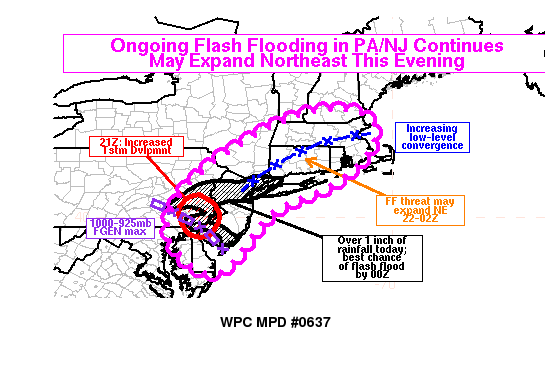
Areas affected...Northeast Corridor

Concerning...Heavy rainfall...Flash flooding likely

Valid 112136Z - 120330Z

Summary...Heavy rainfall was already leading to flash flooding
across parts of far eastern Pennsylvania and New Jersey as of 5 PM
EDT. Additional storms were developing in those areas, and could
worsen ongoing flooding in locations that have already received
heavy rainfall today. Additionally, some heavy rain bands may
develop further northeast into southern New England into the
evening hours, potentially expanding the threat of flash flooding
further north in the region.

Discussion...Numerous Flash Flood Warnings were in effect as of
21Z in far eastern Pennsylvania and into New Jersey, and multiple
flooding reports have been received from these areas through the
afternoon hours. A large portion of the area has received over an
inch of rainfall today, per NSSL QPE. 21Z RAP analysis placed a
corridor of enhanced low-level frontogenesis in a WNW-ESE
orientation from southeast Pennsylvania into southern New Jersey.
This was leading to another uptick in convective activity in the
same area, including the Philadelphia metro area. KDIX dual pol
radar and MRMS estimated rain rates of 1-2 in/hr with these
developing storms, and that should be sufficient to cause flash
flooding to redevelop in some locations in SE PA and S NJ, or
exacerbate ongoing flooding and lead to more significant flooding
or inundation. Additionally, some hi-res model guidance indicates
that the rain rates in this area could increase above 2 in/hr over
the next several hours as storm mergers and collisions take place.
This seems plausible given analyzed PWs around 2 inches and access
to around 1500 j/kg MLCAPE -- convective clusters should be
relatively organized.

Further north, some rain bands were persisting in northern New
Jersey, where many areas have also received over an inch of rain
so far today. Therefore, flash flooding appears likely to continue
in some locations in northern New Jersey as well for at least the
next couple hours.  Of particular concern is a convective cluster
slowly drifting east, and approaching KTEB as of 2130Z. KDP values
off KOKX radar were elevated into the 2-3 deg/km range and ZDR was
generally around 1.5 dB or less -- indicative of numerous small
water droplets, extremely heavy rain and highly efficient rainfall
production. Dual pol estimates and MRMS put the rain rates with
this cluster as high as 2.5 in/hr, and the rain appeared to be
falling on areas that received heavy rainfall earlier in the
morning. Therefore, the CREST hydrologic model was showing
significant response and very elevated values of max unit
streamflow over northern New Jersey -- very likely indicating
significant flash flooding near the I-80 corridor. This may
continue to spread slowly east over the next hour or two towards
Yonkers.

Yet further northeast along the I-95 corridor, additional rain
bands may develop into the early evening hours along a band of
slowly increasing low-level convergence through Connecticut and
into eastern Massachusetts. Precipitable water values remain
elevated in this region, and although the area has not received
heavy rainfall yet today (as compared to places further south),
flash flooding will be possible. Hi-res models do show the
potential for some 1-2 in/hr rain rates pushing into southern New
England.